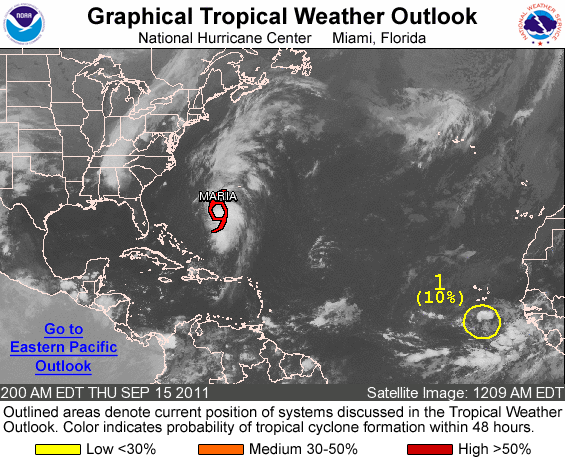
FOR THE NORTH ATLANTIC...CARIBBEAN SEA AND THE GULF OF MEXICO...

THE NATIONAL HURRICANE CENTER IS ISSUING ADVISORIES ON TROPICAL STORM MARIA...LOCATED ABOUT 325 MILES SOUTHWEST OF BERMUDA.

1. AN AREA OF CLOUDINESS AND SHOWERS LOCATED A COUPLE OF HUNDRED MILES SOUTH OF THE SOUTHERN CAPE VERDE ISLANDS IS ASSOCIATED WITH A WESTWARD MOVING TROPICAL WAVE. THERE ARE NO SIGNS OF ORGANIZATION AND DEVELOPMENT...IF ANY...IS EXPECTED TO BE SLOW. THIS SYSTEM HAS A LOW CHANCE...10 PERCENT...OF BECOMING A TROPICAL CYCLONE DURING THE NEXT 48 HOURS.

ELSEWHERE...TROPICAL CYCLONE FORMATION IS NOT EXPECTED DURING THE NEXT 48 HOURS.

FORECASTER AVILA